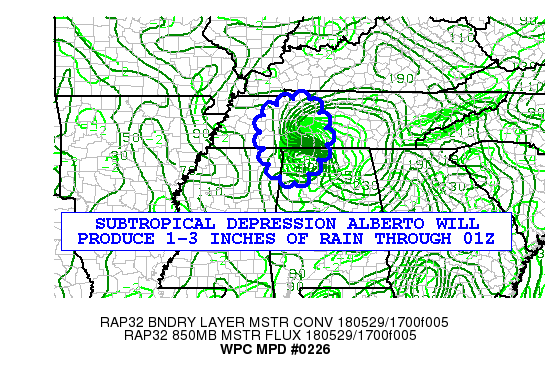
AREAS AFFECTED......NORTHWEST ALABAMA TO WESTERN TN AND NORTHEAST
MS...

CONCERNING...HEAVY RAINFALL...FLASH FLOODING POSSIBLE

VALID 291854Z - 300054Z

SUMMARY...HEAVY SHOWERS AND PERIODS OF RAIN WILL PRODUCE 1-3
INCHES OF RAIN ACROSS NORTHWEST AL AND WESTERN TN TO NORTHEAST MS
THROUGH 01Z...

RADAR AND SATELLITE DATA SHOW SUBTROPICAL DEPRESSION ALBERTO
MOVING NORTH NORTHWEST ACROSS NORTHERN ALABAMA.  SURFACE DATA
INDICATES 1-3 INCHES OF RAIN FELL IN THE 6 HOURS BETWEEN 12Z-18Z
AND SIMILAR
AMOUNTS ARE EXPECTED AGAIN THROUGH 01Z. FLASH FLOODING IS POSSIBLE.

DISCUSSION...
AN AREA OF RAIN CONTINUES DUE TO THE COMBINED IMPACTS OF WELL
DEFINED BOUNDARY LAYER MOISTURE CONVERGENCE AND MOISTURE FLUXES
ROTATING AROUND THE CIRCULATION OF THE DEPRESSION...ALONG WITH A
WELL DEFINED 850-700 MB DEFORMATION ZONE ON THE WESTERN FLANK OF
THE CIRCULATION.

WITH THESE FEATURES FORECAST TO PERSIST OVER THE NEXT SEVERAL
HOURS WITH 850-700 MB THETA-E ADVECTION MAXIMIZING ALONG THE PATH
OF THE CIRCULATION AS IT MOVES NORTH NORTHWEST FROM NORTHERN AL
ACROSS INTO WESTERN TN. THE RAINS WILL MOVE NORTH NORTHWEST IN
TANDEM WITH THE CIRCULATION.

THE 06Z NAM/12Z GFS/16-17Z HIGH RES RAPID REFRESH MODELS AND THE
HURRICANE WRF/HMON TROPICAL CYCLONE MODELS FORECAST AMOUNTS IN THE
1-3 INCH RANGE AND CLUSTER FAIRLY WELL...WHICH IS EXPECTED DUE TO
THE LONG LASTING AND WELL DEFINED CIRCULATION.
THE 12Z NAM HIGHER MAXIMA NEAR 4 INCHES ...WHICH IS UNLIKELY OWING
TO THE RELATIVE MINIMUM OF CONVECTIVE INSTABILITY AND HISTORY OF
LOWER AMOUNTS.